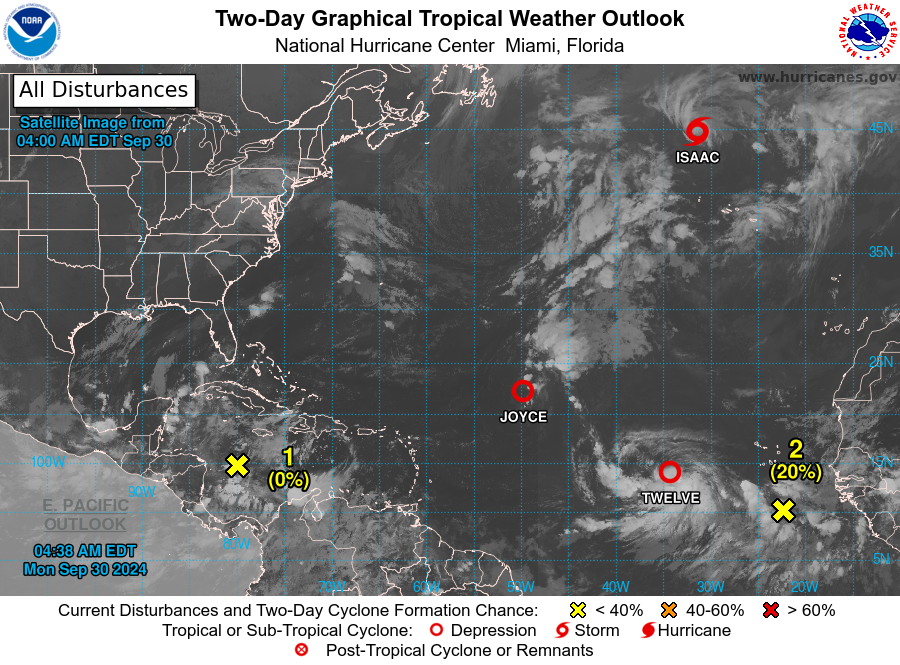
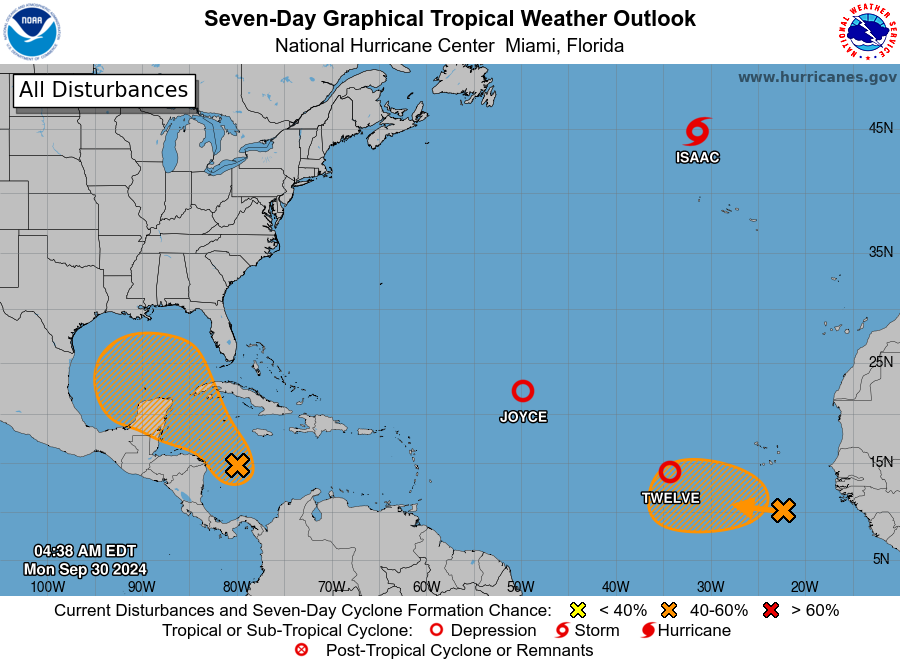
For the North Atlantic...Caribbean Sea and the Gulf of Mexico:

Active Systems: The National Hurricane Center is issuing advisories on Tropical Storm Isaac, located several hundred miles northwest of the Azores, on Tropical Depression Joyce, located over the central Atlantic Ocean, and on Tropical Depression Twelve, located over the eastern tropical Atlantic Ocean.

1. Western Caribbean Sea and Gulf of Mexico: A broad area of low pressure located over the western Caribbean Sea is producing disorganized showers and thunderstorms. Environmental conditions appear to be conducive for gradual development, and a tropical depression could form around the middle part of this week while the disturbance moves slowly west-northwestward. This system is then expected to move northwestward into the Gulf of Mexico during the latter portion of this week. Interests in the northwestern Caribbean Sea and along the U.S. Gulf Coast should monitor the progress of this system.
* Formation chance through 48 hours...low...near 0 percent.
* Formation chance through 7 days...medium...50 percent.

2. Eastern Tropical Atlantic: A tropical wave located a few hundred miles south-southeast of the Cabo Verde Islands is producing limited shower and thunderstorm activity. Upper-level winds are forecast to become more conducive for gradual development of this system during the next few days, and a tropical depression could form during the middle or latter part of this week while it moves slowly westward or west-northwestward over the eastern tropical Atlantic.
* Formation chance through 48 hours...low...20 percent.
* Formation chance through 7 days...medium...60 percent.

Public Advisories on Tropical Depression Twelve are issued under WMO header WTNT32 KNHC and under AWIPS header MIATCPAT2. Forecast/Advisories on Tropical Depression Twelve are issued under WMO header WTNT22 KNHC and under AWIPS header MIATCMAT2.

Forecaster Pasch